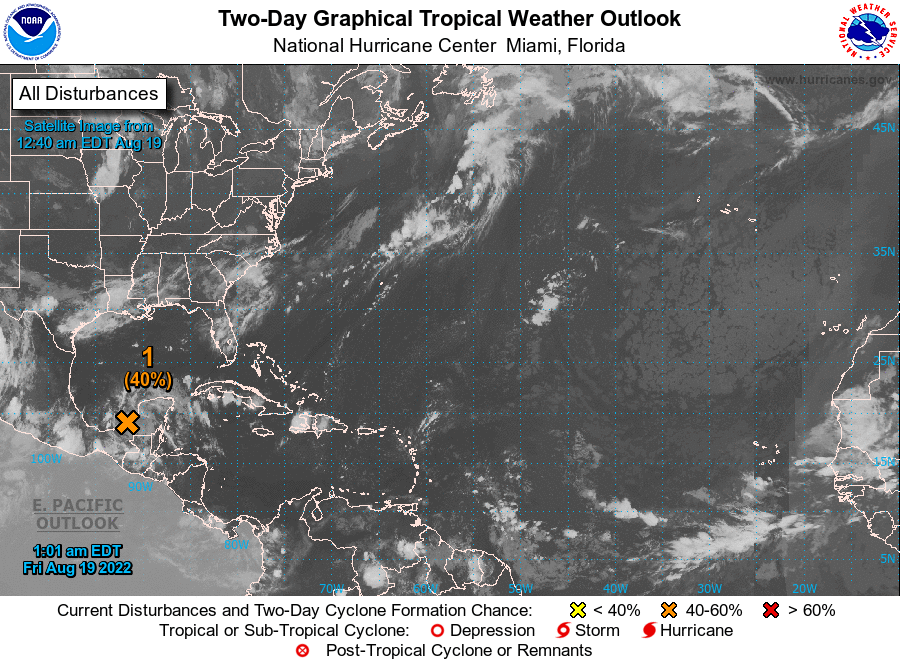
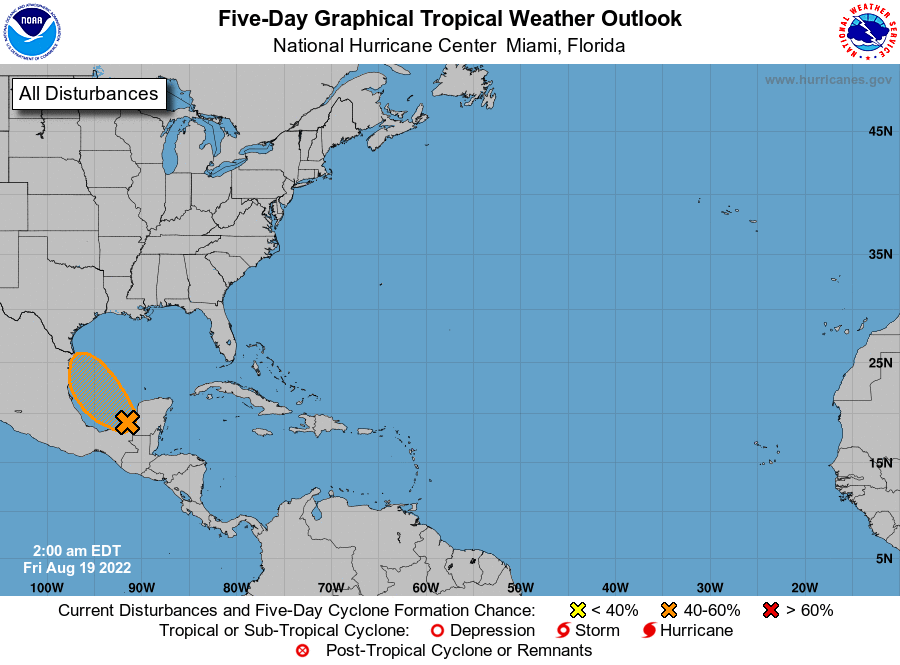
For the North Atlantic...Caribbean Sea and the Gulf of Mexico:

1. Southwestern Gulf of Mexico: A broad area of low pressure is emerging over the southwestern Gulf of Mexico and it continues to produce disorganized shower activity. Environmental conditions appear favorable for slow development, and a tropical depression could form while the system moves northwestward across the southwestern Gulf of Mexico late today or on Saturday. However, by Saturday night, the system is expected to move inland over northeastern Mexico, which will end its chances of development. An Air Force Reserve Hurricane Hunter aircraft is scheduled to investigate the system later today, if necessary.
* Formation chance through 48 hours...medium...40 percent.
* Formation chance through 5 days...medium...40 percent.

Forecaster Cangialosi